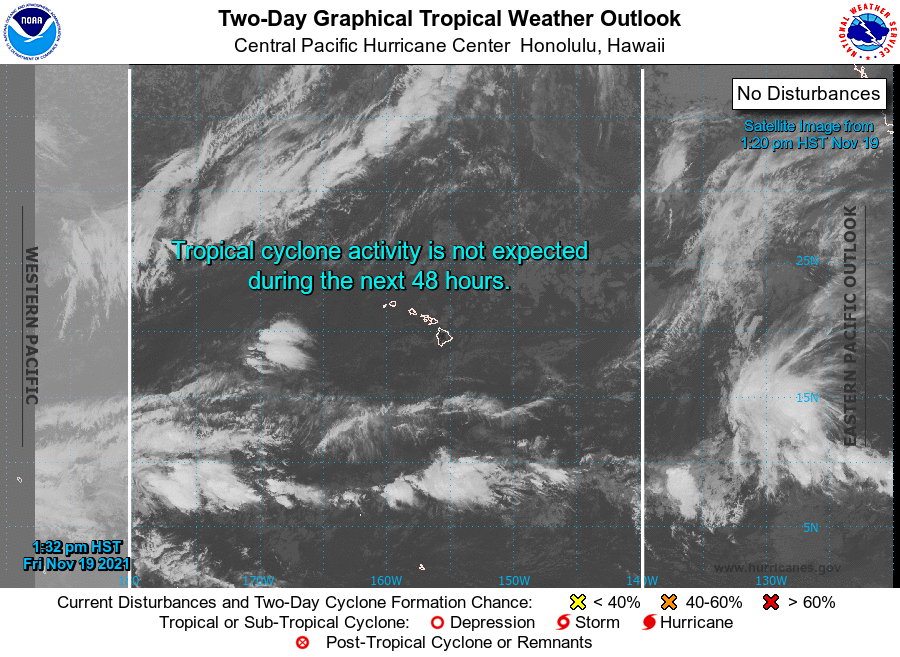
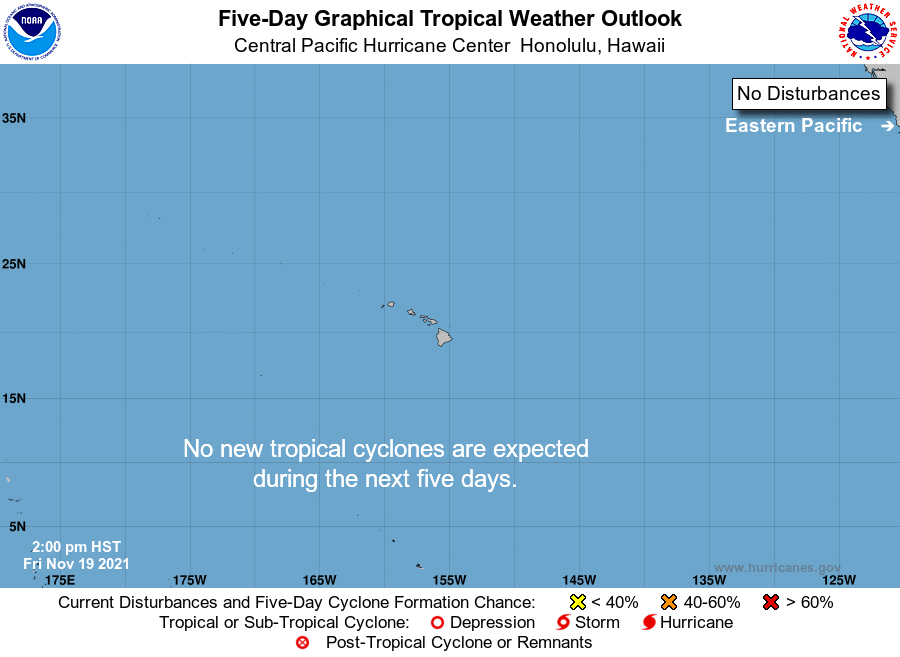
For the central North Pacific...between 140W and 180W:

No tropical cyclones are expected during the next 5 days.

Forecaster Kino